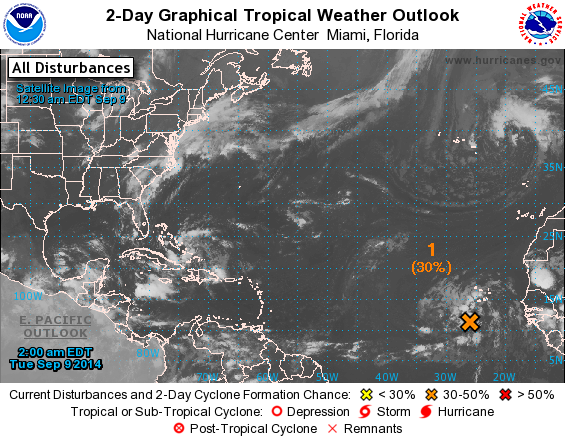
For the North Atlantic...Caribbean Sea and the Gulf of Mexico:

1. A broad area of low pressure located a few hundred miles south of the Cape Verde Islands continues to produce disorganized showers and thunderstorms. Environmental conditions are forecast to be conducive for gradual development of this disturbance during the next several days while it moves west-northwestward at about 15 mph.
* Formation chance through 48 hours...medium...30 percent.
* Formation chance through 5 days...high...60 percent.

Forecaster Pasch